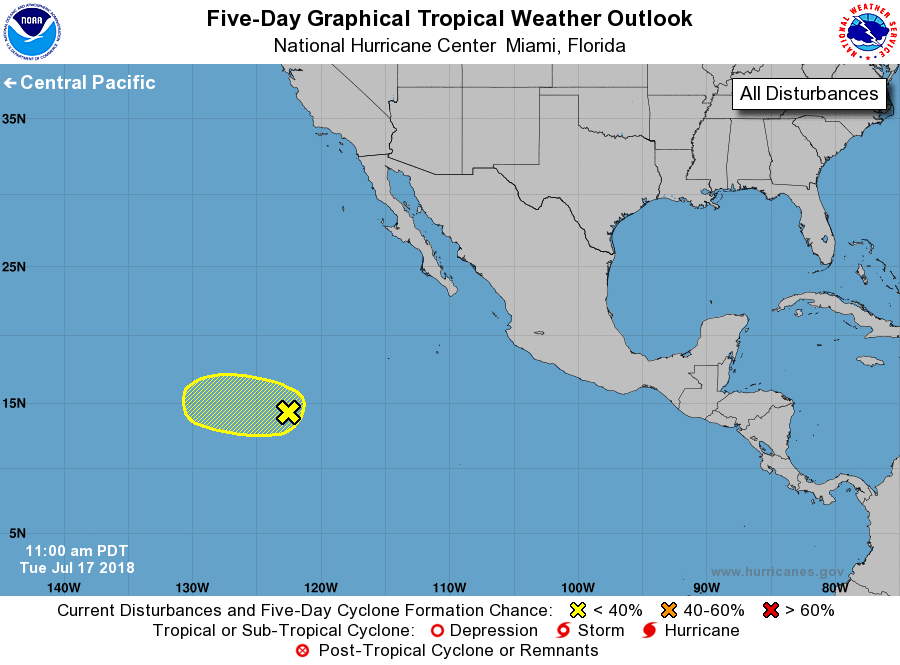
For the eastern North Pacific...east of 140 degrees west longitude:

1. Shower and thunderstorm activity associated with an area of low pressure located several hundred miles southwest of the southern tip of the Baja California Peninsula has become less organized. Upper-level winds are forecast to be unfavorable for development during the next few days while the system moves westward to west-northwestward.
* Formation chance through 48 hours...low...20 percent.
* Formation chance through 5 days...low...20 percent.

Forecaster Pasch